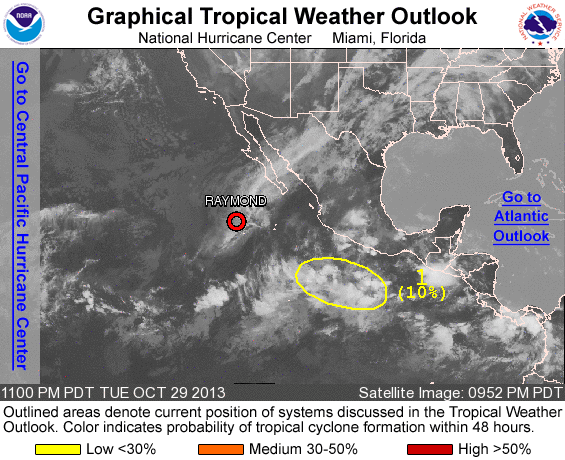
FOR THE EASTERN NORTH PACIFIC...EAST OF 140 DEGREES WEST LONGITUDE..

THE NATIONAL HURRICANE CENTER IS ISSUING ADVISORIES TROPICAL STORM RAYMOND...LOCATED SEVERAL HUNDRED MILES WEST-SOUTHWEST OF THE SOUTHERN TIP OF THE BAJA CALIFORNIA PENINSULA.

1. A LARGE AREA OF DISTURBED WEATHER HAS FORMED WELL SOUTH OF THE COAST OF SOUTHERN MEXICO. ENVIRONMENTAL CONDITIONS ARE EXPECTED TO BE GENERALLY CONDUCIVE FOR SLOW DEVELOPMENT OF THIS DISTURBANCE DURING THE NEXT SEVERAL DAYS WHILE IT MOVES WEST-NORTHWESTWARD OR NORTHWESTWARD AT 5 TO 10 MPH. THIS SYSTEM HAS A LOW CHANCE... 10 PERCENT...OF BECOMING A TROPICAL CYCLONE DURING THE NEXT 48 HOURS...AND A MEDIUM CHANCE...50 PERCENT...OF BECOMING A TROPICAL CYCLONE DURING THE NEXT 5 DAYS.

FIVE-DAY FORMATION PROBABILITIES ARE EXPERIMENTAL IN 2013. COMMENTS ON THE EXPERIMENTAL FORECASTS CAN BE PROVIDED AT...

HTTP://WWW.NWS.NOAA.GOV/SURVEY/NWS-SURVEY.PHP?CODE=ETWO

FORECASTER BROWN